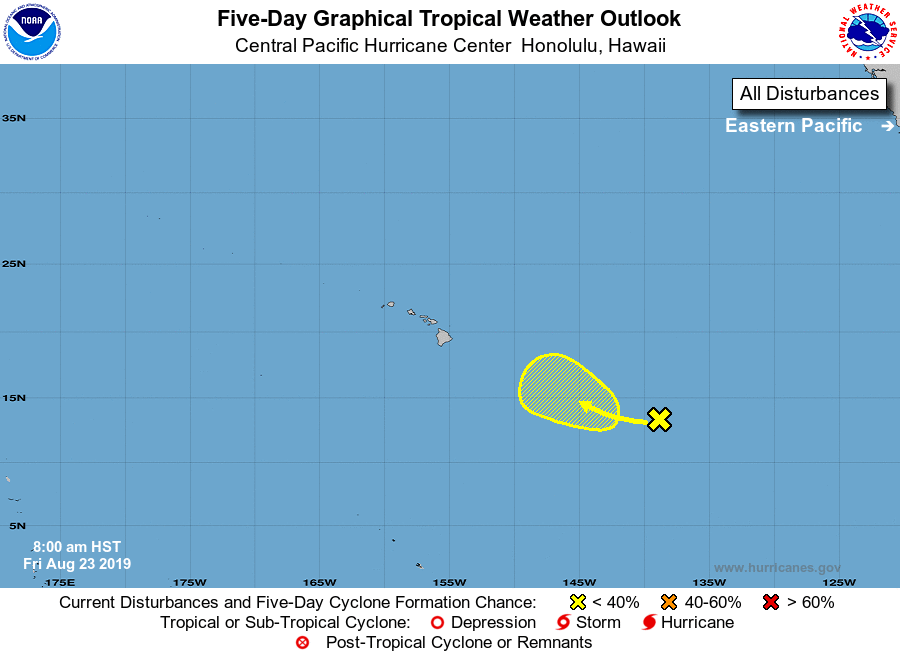
For the central North Pacific...between 140W and 180W:

1. A surface trough located about 1100 miles east-southeast of the Big Island of Hawaii is producing limited shower and thunderstorm activity. Environmental conditions could become a little more conducive for some development in the central Pacific basin well to the east of the Hawaiian Islands in a few days as the system moves slowly northwestward.
* Formation chance through 48 hours...low...near 0 percent.
* Formation chance through 5 days...low...30 percent.

Elsewhere, no tropical cyclones are expected during the next 5 days.

Forecaster EATON